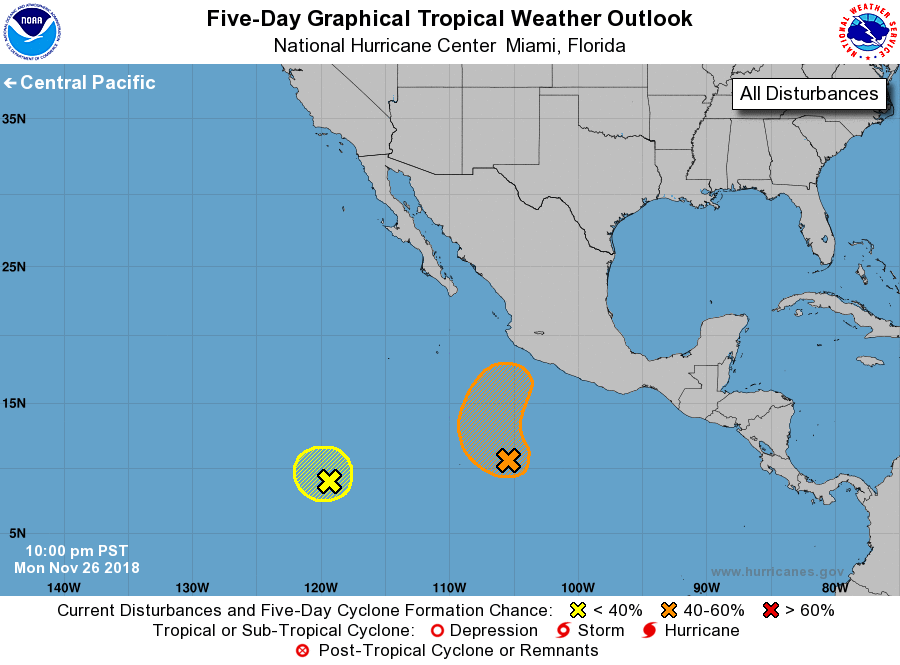
For the eastern North Pacific...east of 140 degrees west longitude:

1. A broad area of low pressure located several hundred miles southwest of Acapulco, Mexico, is producing disorganized shower and thunderstorm activity. Environmental conditions are forecast to become conducive for some gradual development and a tropical depression could form during the next few days. The disturbance is forecast to move northwestward on Tuesday, and then could turn northward or north-northeastward later this week.
* Formation chance through 48 hours...low...30 percent.
* Formation chance through 5 days...medium...50 percent.

2. Showers and thunderstorms remain poorly organized in association with another area of low pressure located nearly 1200 miles south-southwest of the southern tip of the Baja California peninsula. Strong upper-level winds are expected to prevent significant development of this system during the next couple of days while it remains nearly stationary.
* Formation chance through 48 hours...low...10 percent.
* Formation chance through 5 days...low...10 percent.

Forecaster Brown